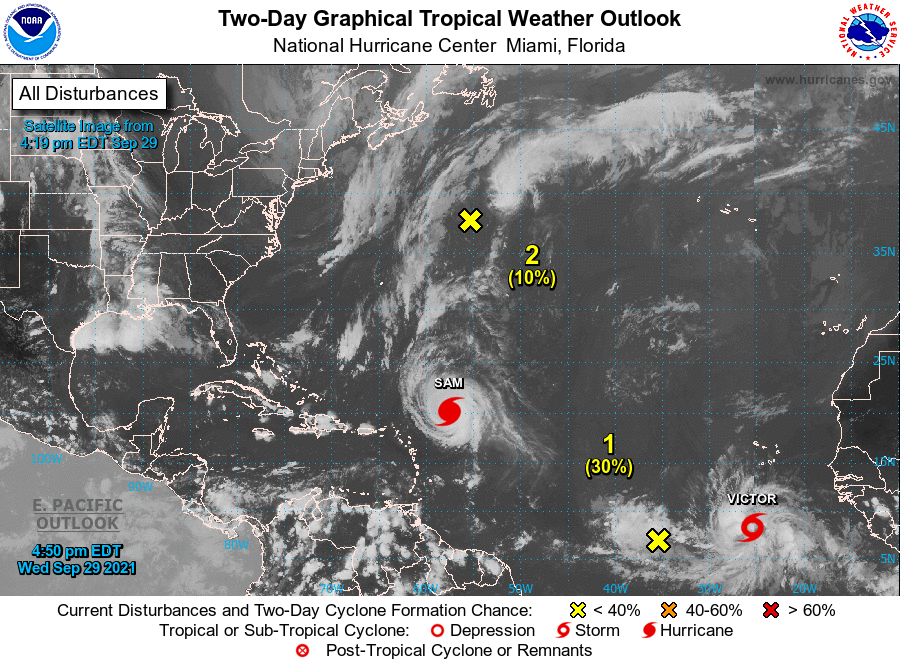
For the North Atlantic...Caribbean Sea and the Gulf of Mexico:

The National Hurricane Center is issuing advisories on Hurricane Sam, located several hundred miles east-northeast of the northern Leeward Islands, and on newly formed Tropical Depression Twenty, located over the eastern tropical Atlantic.

1. Showers and thunderstorms remain disorganized in association with a trough of low pressure located several hundred miles southwest of the Cabo Verde Islands. Some slow development of this system is possible during the next couple of days while it drifts west-northwestward across the central tropical Atlantic.
* Formation chance through 48 hours...low...30 percent.
* Formation chance through 5 days...low...30 percent.

2. An area of low pressure associated with the remnants of Peter located several hundred miles south of the coast of Newfoundland continues to produce disorganized showers and thunderstorms. This system is moving northeastward over cooler waters and into a region of very strong upper-level winds, and significant development is not anticipated. Additional information on this system can be found in High Seas Forecasts issued by the National Weather Service.
* Formation chance through 48 hours...low...10 percent.
* Formation chance through 5 days...low...10 percent.

Public Advisories on Tropical Depression Twenty are issued under WMO header WTNT35 KNHC and under AWIPS header MIATCPAT5. Forecast/Advisories on Tropical Depression Twenty are issued under WMO header WTNT25 KNHC and under AWIPS header MIATCMAT5.

High Seas Forecasts issued by the National Weather Service can be found under AWIPS header NFDHSFAT1, WMO header FZNT01 KWBC, and online at ocean.weather.gov/shtml/NFDHSFAT1.php

Forecaster Cangialosi